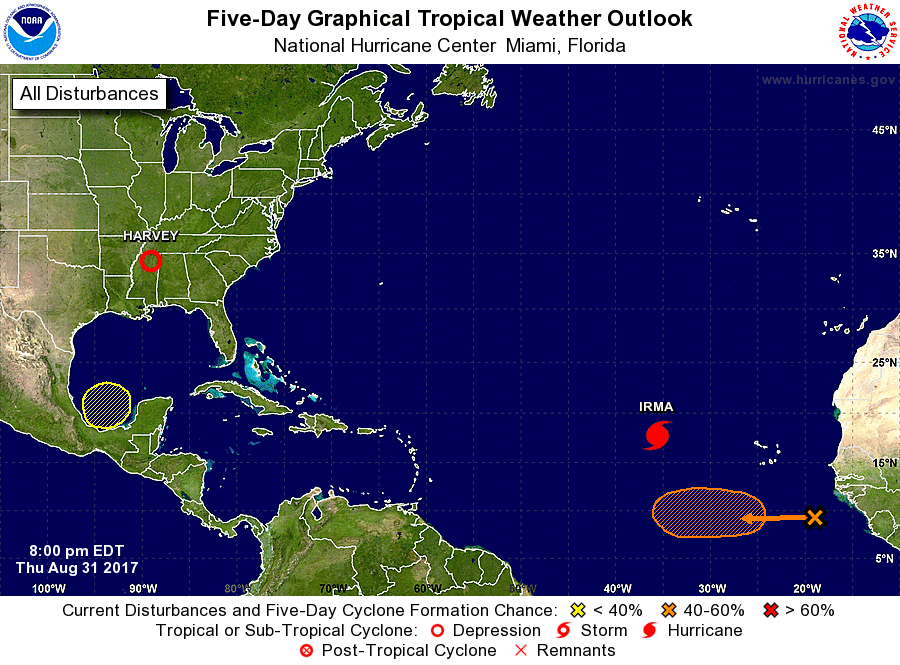
For the North Atlantic...Caribbean Sea and the Gulf of Mexico:

The National Hurricane Center is issuing advisories on Hurricane Irma, located over the eastern Atlantic Ocean. The Weather Prediction Center is issuing advisories on Tropical Depression Harvey, located over northern Mississippi.

1. A tropical wave emerging over the far eastern Atlantic is moving westward at about 15 mph. Environmental conditions are expected to become more conducive for development over the weekend and early next week while the system moves well to the south and southwest of the Cabo Verde Islands.
* Formation chance through 48 hours...low...near 0 percent.
* Formation chance through 5 days...medium...40 percent.

2. A area of low pressure could form over the southwestern Gulf of Mexico by the weekend, however, environmental conditions are expected to become unfavorable for tropical cyclone formation by that time. Interests along the Texas and Louisiana coasts are encouraged to consult products from their local NWS Forecast Office for more information about impacts from any non-tropical weather systems.
* Formation chance through 48 hours...low...near 0 percent.
* Formation chance through 5 days...low...10 percent.

Public Advisories on Harvey are issued under WMO header WTNT34 KWNH and under AWIPS header TCPAT4.

Forecaster Zelinsky